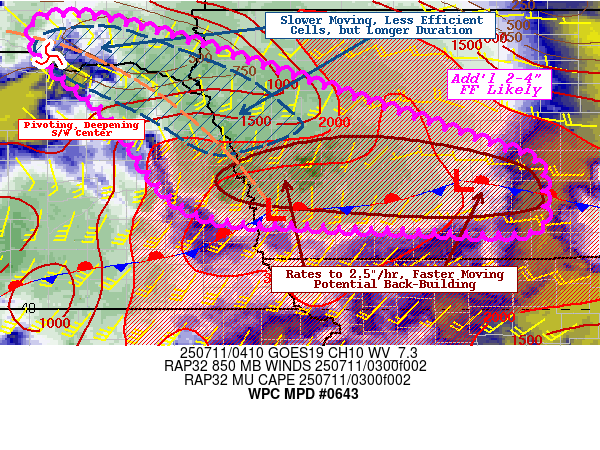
Areas affected...Eastern NEB...Western & Central Iowa...Far
Northeast SD...

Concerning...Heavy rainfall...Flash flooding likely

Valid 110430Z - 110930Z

SUMMARY...Slow moving thunderstorms near mid-level low, with
faster moving cluster crossing central IA.  Additional 2-4" totals
with repeating cells likely to continue localized incidents of
flash flooding.

DISCUSSION...Complex mid-level evolution continues to provide a
favorable environment for strong thunderstorms with high rainfall
efficiency; some locations where convection will be more
progressive but stronger, while others may be weaker, but slower
but both capable of 2-4" add'l totals, likely resulting in
scattered incidents of flash flooding.

GOES-E WV suite shows stronger main wave over southeast SDak,
while a jet max is streaking out of central Rockies supporting an
upstream shortwave crossing southern NEB. Binary interaction
between the systems is leading to the main wave sharpening and
stalling with strong LLJ response with 35-40kts of 850mb flow
crossing out of the Central Plains, intersecting with a stationary
front that extends from the central NEB/KS boarder north to a low
along the Missouri River in far SW IA before extending nearly due
east across southern IA.   Remaining area of highly unstable air
exists at this intersection across SE NEB into southwest/central
IA with 3000-3500 J/kg of CAPE and strong moisture flux bringing
surface Tds into the low 70s and overall total PWats to 2-2.2"
values.  Strong, fairly orthogonal isentropic ascent will continue
to support stronger convection near the low and eastward.
Clusters will have 2.5"/hr rates, but deep layer steering flow
parallel to the boundary should be quick to limit overall totals
with the initial burst to 1.5-2" though continued upstream
convergence should support back-building and training across
southwest to central IA.   Totals of 2-4" are likely to induce
incidents of flash flooding through to 09z.

NE NEB/NW IA/SE SDAK...
With the deep layer wave stationary, but deepening, the LLJ is
responding by backing back from southerly to southeasterly along
an inverted surface to mid-level trof/TROWAL-like feature along
the Missouri River.  As the undercutting jet streak and associated
vort max moves across S NEB, convection near the main center will
have reduced forward speeds and evolve with similar note to a
SHaRS (Subtle Heavy Rainfall Signature), where cores of cells are
very slow moving, but produce moderate rainfall in weaker
1000-1500 J/kg of MUCAPE; but in exhausting that well have a few
hours to increases those localized totals to 2-4" totals.  Some
weak cell motion further southeast along the trof/TROWAL may
support some repeating as well, but overall more chaotic cell
motions are also likely to induce localize incidents of flash
flooding especially given lower FFG values (1-1.5"/hr & 1.5-2"/3hr
across the Missouri River Valley).